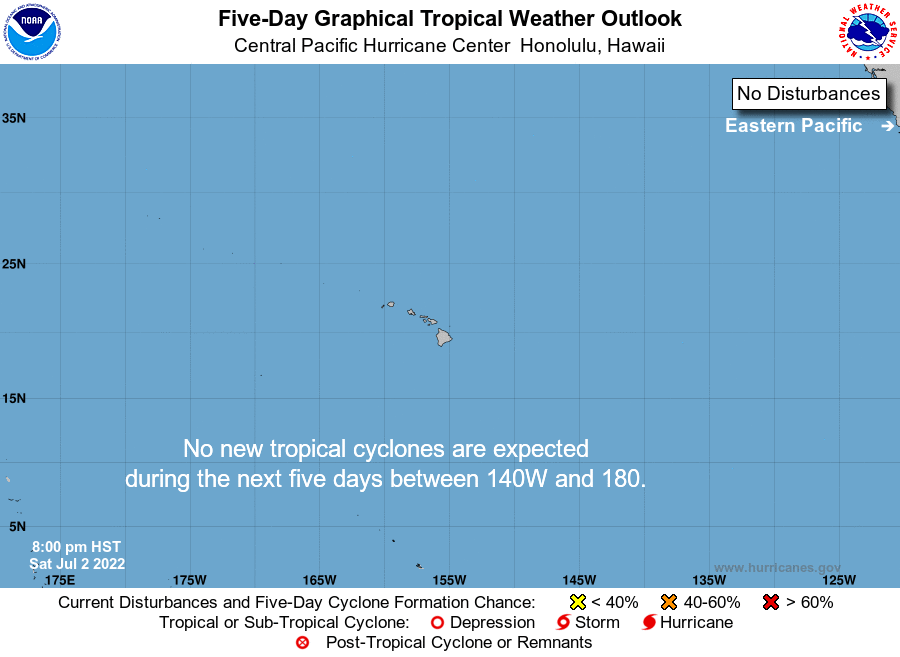
For the central North Pacific...between 140W and 180W:

No tropical cyclones are expected during the next 5 days.

Forecaster Bohlin